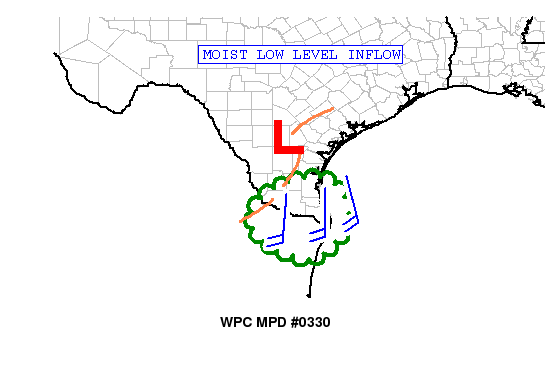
AREAS AFFECTED...FAR SOUTH TEXAS

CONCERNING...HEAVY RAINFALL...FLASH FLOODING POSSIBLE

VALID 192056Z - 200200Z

SUMMARY...CELLS ENHANCING ON THE SOUTHEAST SIDE OF THE SOUTH TEXAS
MESO VORT.  SLOW MOVING CELLS WITH CONCENTRATED AREAS OF VERY
HEAVY RAINS WILL CONTINUE THROUGH THE LATE AFTERNOON INTO THIS
EVENING.

DISCUSSION...GOES-16 VISIBLE IMAGERY LATE THIS AFTERNOON CONTINUES
TO SHOW THUNDERSTORM ENHANCEMENT ACROSS FAR SOUTH TEXAS ON THE
SOUTHEAST SIDE OF THE SOUTH TEXAS MESO VORT.  MUCAPE VALUES ARE
THE GREATEST ACROSS FAR SOUTH TEXAS WITH VALUES 1500-2000+ J/KG AS
PER LATEST SPC MESOANALYSIS AND RAP32 MODEL FORECAST---WITH THESE
VALUES FORECAST TO PERSIST INTO THIS EVENING.  THE 1900 UTC HRRR
AND HRRR EXP SEEM TO HAVE THE BETTER HANDLE ON THE CURRENT
ACTIVITY AND SUGGEST CONTINUED HEAVY PRECIPITATION POTENTIAL
ACROSS SOUTH TEXAS AS MOIST SOUTH TO SOUTH SOUTHEAST LOW LEVEL
FLOW CONTINUES INTO THIS AREA.

PRECIPITABLE WATER VALUES WILL REMAIN VERY ANOMALOUS---3+ STANDARD
DEVIATIONS ABOVE THE MEAN---2.25"+---HELPING TO MAINTAIN THE
HIGHLY EFFICIENT RAINFALL PROCESSES FOR ENHANCED RAINFALL RATES.
RAINFALL RATES OF 2 TO 3 INCHES PER HOUR POSSIBLE INTO EARLY
EVENING IN REGIONS OF SLOWEST CELL MOTIONS.